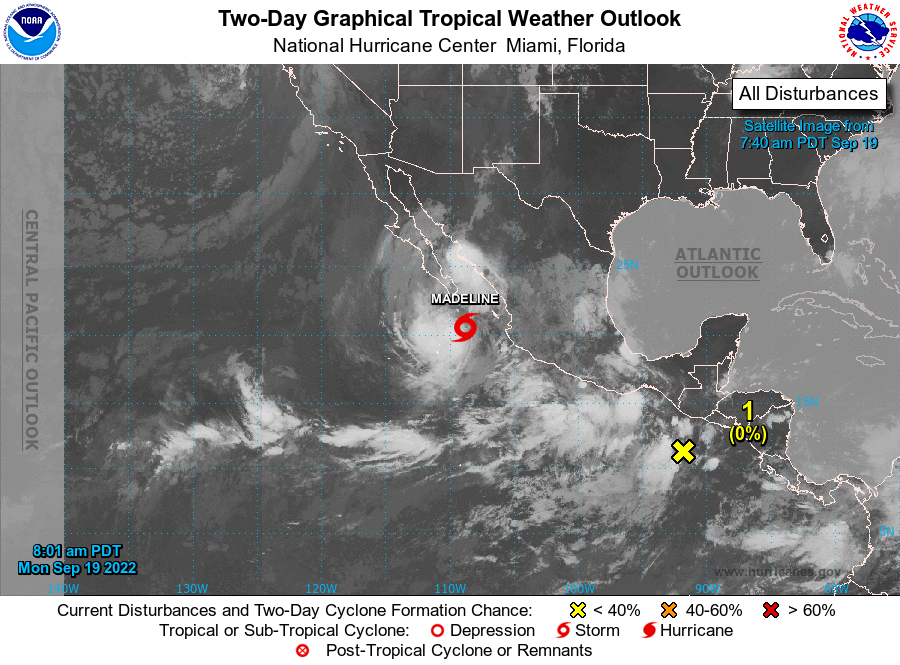
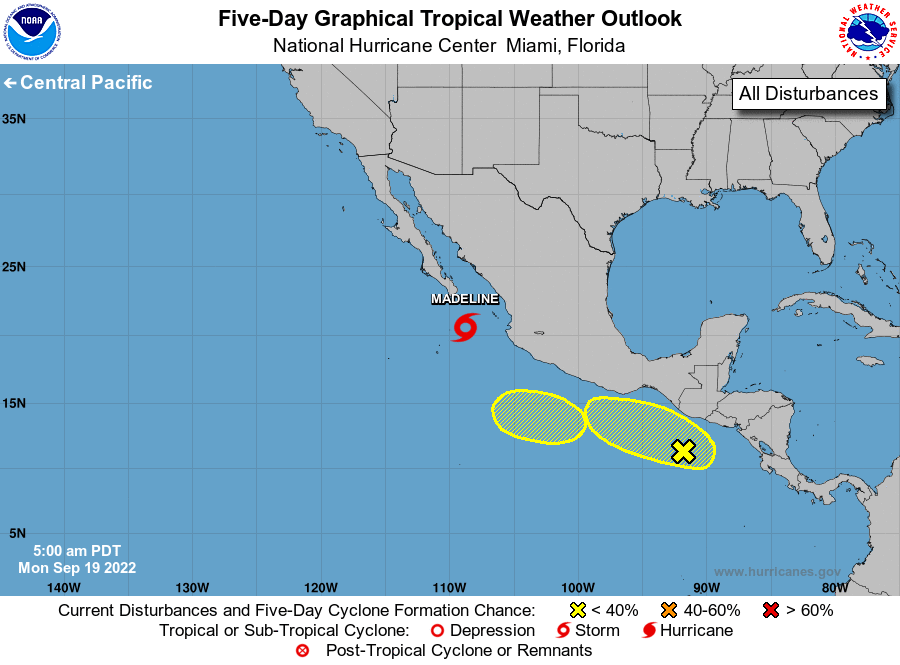
For the eastern North Pacific...east of 140 degrees west longitude:

Active Systems: The National Hurricane Center is issuing advisories on Tropical Storm Madeline, located a couple of hundred miles south-southeast of the southern tip of the Baja California peninsula.

1. South of Central America and Southeastern Mexico: A broad area of low pressure located south of the southern coast of Central America is producing disorganized showers and thunderstorms. Environmental conditions are forecast to be conducive for gradual development while the system moves slowly northwestward near or offshore of the coasts of southern Mexico and Guatemala through the week.
* Formation chance through 48 hours...low...near 0 percent.
* Formation chance through 5 days...low...30 percent.

2. South of Southern Mexico: Another area of low pressure could form south of the southern or southwestern coast of Mexico in a few days. Some gradual development is possible thereafter while the disturbance moves generally west-northwestward off the coast of southwestern Mexico.
* Formation chance through 48 hours...low...near 0 percent.
* Formation chance through 5 days...low...20 percent.

Forecaster Roberts